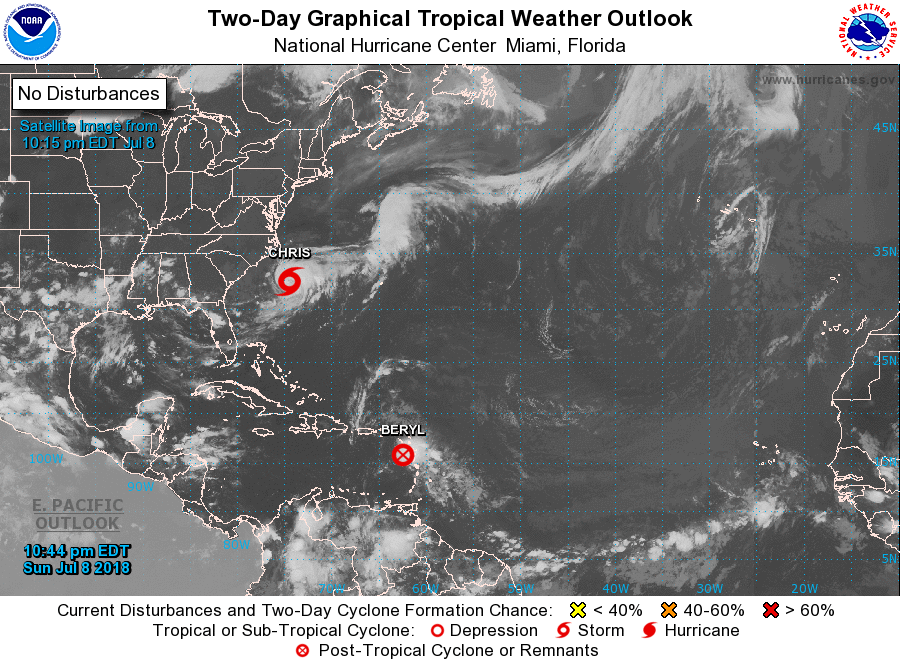
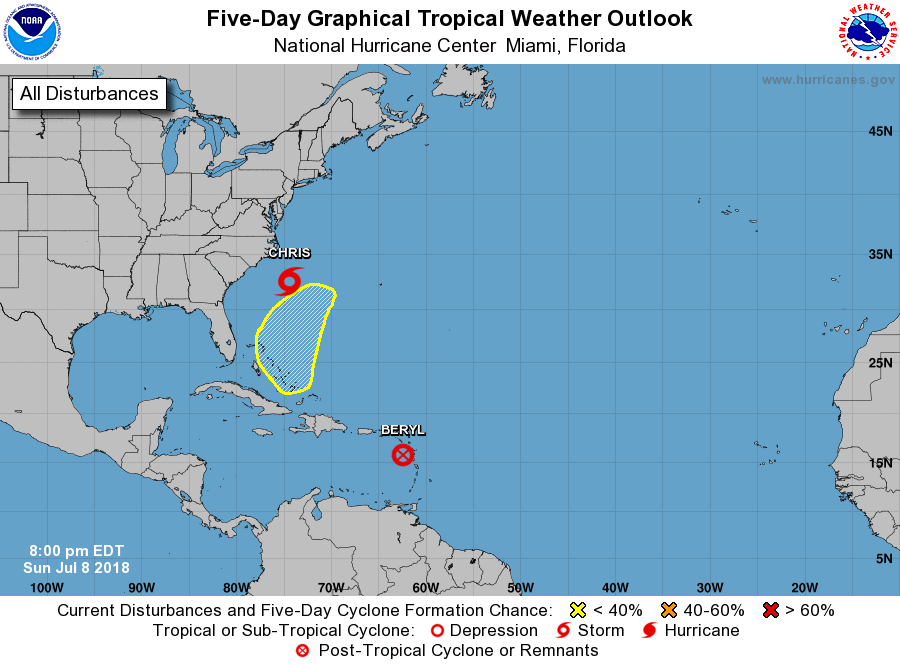
For the North Atlantic...Caribbean Sea and the Gulf of Mexico:

The National Hurricane Center is issuing advisories on Tropical Storm Chris, located more than one hundred miles south of the North Carolina Outer Banks.

1. The National Hurricane Center is also issuing advisories on the remnants of Tropical Storm Beryl, located near the Lesser Antilles. Environmental conditions are expected to become somewhat conducive for regeneration of a tropical cyclone in a few days when the remnants of Beryl are forecast to move across the Bahamas and the western Atlantic.
* Formation chance through 48 hours...low...near 0 percent
* Formation chance through 5 days...low...30 percent

Forecaster Beven